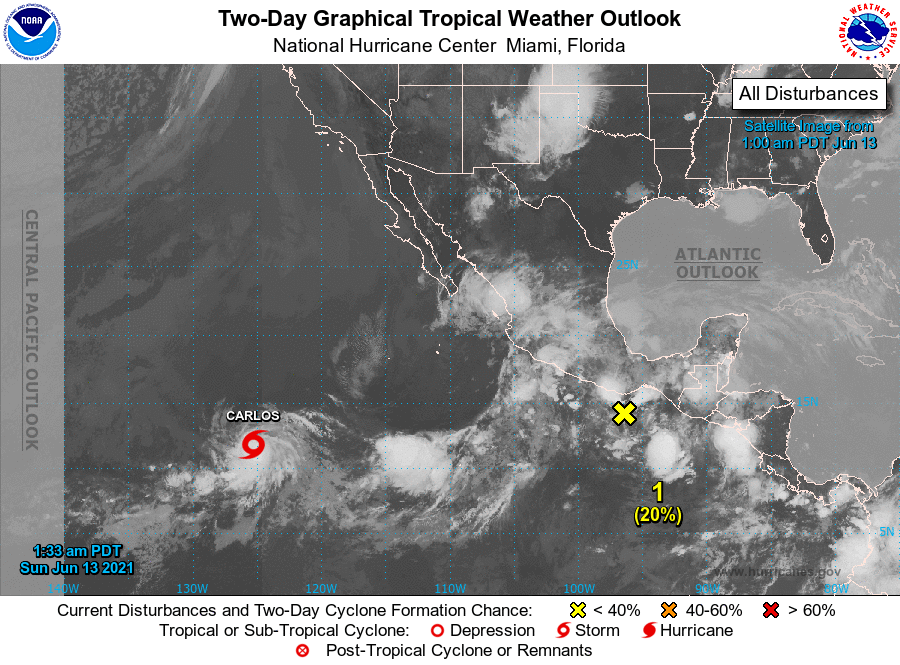
For the eastern North Pacific...east of 140 degrees west longitude:

The National Hurricane Center has initiated advisories on recently upgraded Tropical Storm Carlos, located more than 1200 miles southwest of the southern tip of the Baja California peninsula.

1. Showers and thunderstorms remain poorly organized in association with a weak area of low pressure located about a hundred miles south-southwest of Puerto Angel, Mexico. Environmental conditions appear only marginally conducive for additional development over the next day or so. By early next week, the system is forecast to interact with land and a larger disturbance developing to its north, and formation of a tropical cyclone is not anticipated. Regardless of development, heavy rainfall will be possible over portions of Central America and southern Mexico through early next week. See products from your local meteorological service for more information.
* Formation chance through 48 hours...low...20 percent.
* Formation chance through 5 days...low...20 percent.

Public Advisories on Tropical Storm Carlos are issued under WMO header WTPZ33 KNHC and under AWIPS header MIATCPEP3. Forecast/Advisories on Tropical Storm Carlos are issued under WMO header WTPZ23 KNHC and under AWIPS header MIATCMEP3.

Forecaster Stewart